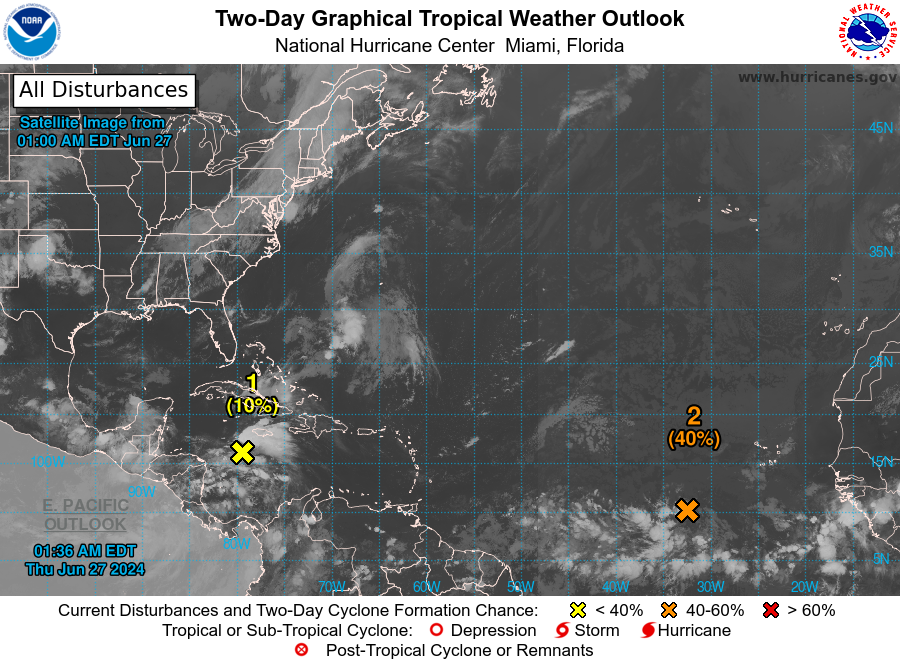
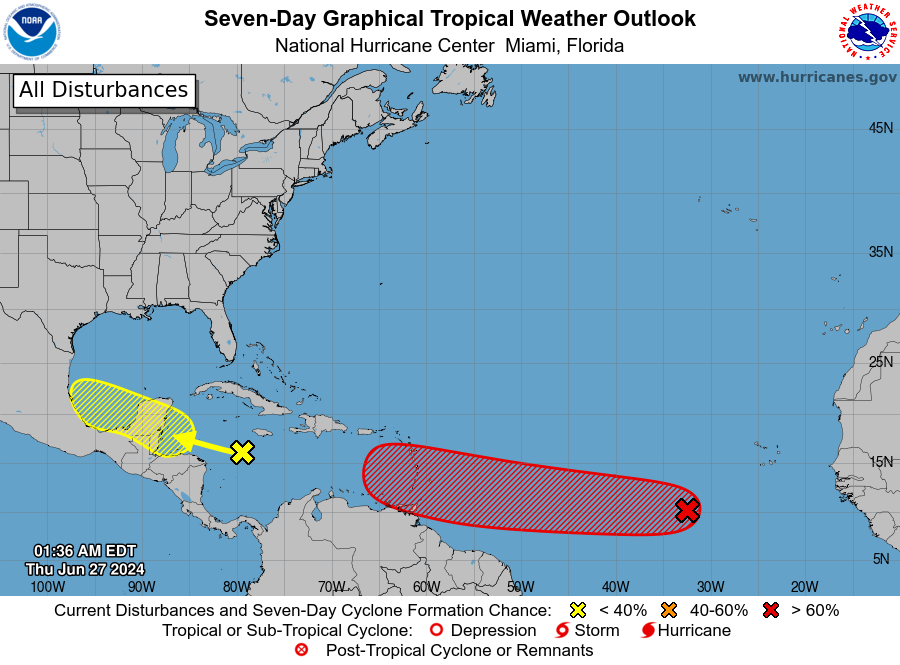
For the North Atlantic...Caribbean Sea and the Gulf of Mexico:

1. Western Caribbean/Southwestern Gulf of Mexico (AL94): A tropical wave over the west-central Caribbean Sea is producing widespread but disorganized shower and thunderstorm activity while it moves rapidly westward at around 25 mph. Environmental conditions could become more conducive for some gradual development later this week over the western Caribbean Sea or over the southwestern Gulf of Mexico during the weekend.
* Formation chance through 48 hours...low...10 percent.
* Formation chance through 7 days...low...20 percent.

2. Eastern Tropical Atlantic (AL95): A tropical wave located several hundred miles southwest of the Cabo Verde Islands continues to produce disorganized shower and thunderstorm activity. Environmental conditions are forecast to be unusually conducive for late June across the central and western tropical Atlantic, and further development of this system is anticipated. A tropical depression or tropical storm is likely to form this weekend several hundred miles east of the Windward Islands while the system moves westward at 15 to 20 mph.
* Formation chance through 48 hours...medium...40 percent.
* Formation chance through 7 days...high...70 percent.

Forecaster Bucci